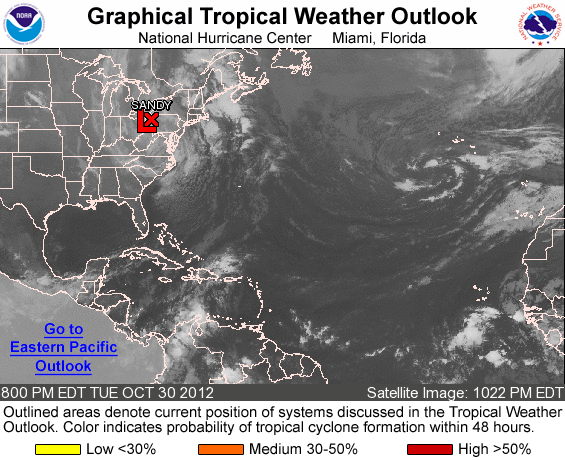
FOR THE NORTH ATLANTIC...CARIBBEAN SEA AND THE GULF OF MEXICO...

THE HYDROMETEOROLOGICAL PREDICTION CENTER IS ISSUING PUBLIC ADVISORIES ON POST-TROPICAL CYCLONE SANDY...LOCATED OVER WESTERN PENNSYLVANIA.

ELSEWHERE...TROPICAL STORM FORMATION IS NOT EXPECTED DURING THE NEXT 48 HOURS.

&&
PUBLIC ADVISORIES ON SANDY ARE BEING ISSUED UNDER WMO HEADER WTNT33 KWNH...AND AWIPS HEADER TCPAT3.

FORECASTER BRENNAN